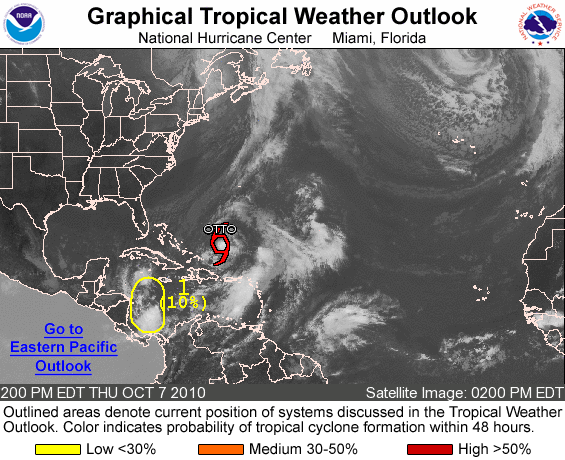
FOR THE NORTH ATLANTIC...CARIBBEAN SEA AND THE GULF OF MEXICO...

THE NATIONAL HURRICANE CENTER IS ISSUING ADVISORIES ON SUBTROPICAL STORM OTTO...LOCATED ABOUT 255 MILES NORTHEAST OF GRAND TURK ISLAND AND ABOUT 620 MILES SOUTH-SOUTHWEST OF BERMUDA.

1. A BROAD LOW PRESSURE TROUGH IS PRODUCING SCATTERED SHOWERS AND THUNDERSTORMS OVER MUCH OF THE WEST-CENTRAL AND SOUTHWESTERN CARIBBEAN SEA. SOME SLOW DEVELOPMENT OF THIS AREA OF DISTURBED WEATHER IS POSSIBLE OVER THE NEXT FEW DAYS AS IT MOVES SOUTHWARD AT 5 TO 10 MPH. THERE IS A LOW CHANCE...10 PERCENT...OF THIS SYSTEM BECOMING A TROPICAL CYCLONE DURING THE NEXT 48 HOURS.

ELSEWHERE...TROPICAL CYCLONE FORMATION IS NOT EXPECTED DURING THE NEXT 48 HOURS.

FORECASTER STEWART